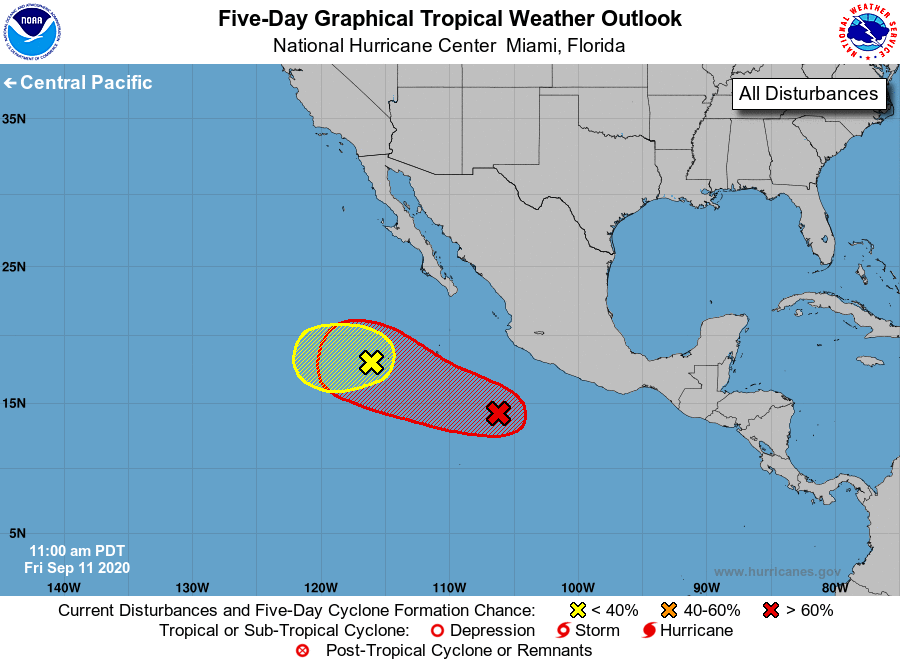
For the eastern North Pacific...east of 140 degrees west longitude:

1. Shower activity associated with a low pressure area located about 500 miles southwest of the southern tip of the Baja California peninsula remains minimal. Some development of this system, however, is still possible during the next day or two before it interacts with, and possibly becomes absorbed by, a larger weather disturbance to its east-southeast.
* Formation chance through 48 hours...low...20 percent.
* Formation chance through 5 days...low...20 percent.

2. A broad area of low pressure located several hundred miles south-southwest of the coast of southwestern Mexico continues to produce a large area of disorganized showers and thunderstorms. Environmental conditions appear conducive for development of this system, and a tropical depression is likely to form over the weekend or early next week while the system moves west-northwestward at 10 to 15 mph away from the coast of Mexico.
* Formation chance through 48 hours...medium...60 percent.
* Formation chance through 5 days...high...80 percent.

Forecaster Pasch